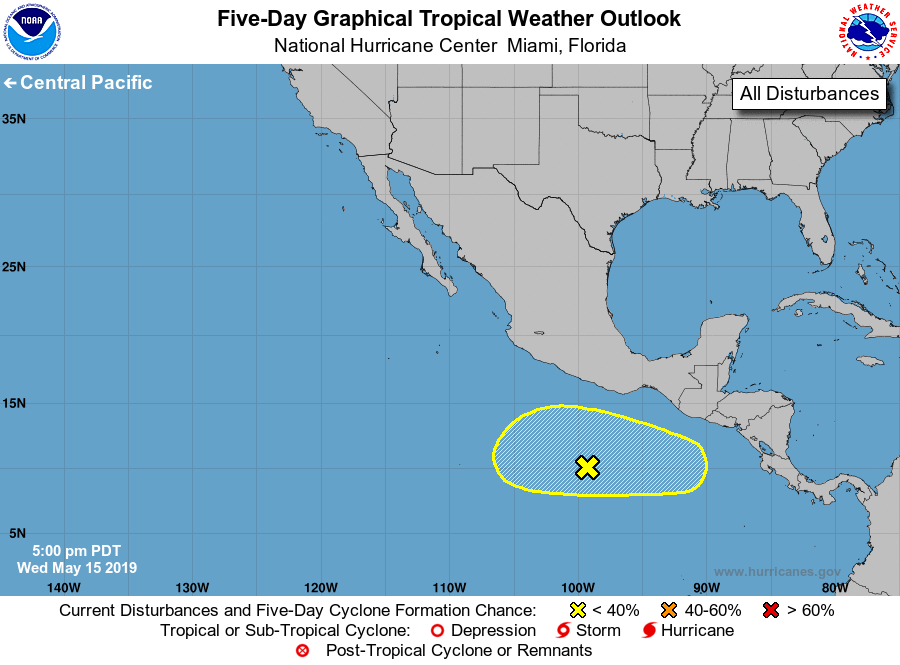
For the eastern North Pacific...east of 140 degrees west longitude:

1. A large area of disturbed weather has persisted several hundred miles to the south and southwest of the Gulf of Tehuantepec since early this morning. Some gradual development will be possible through the weekend and into early next week while the system moves little or drifts slowly westward.
* Formation chance through 48 hours...low...10 percent.
* Formation chance through 5 days...low...20 percent.

Forecaster Stewart